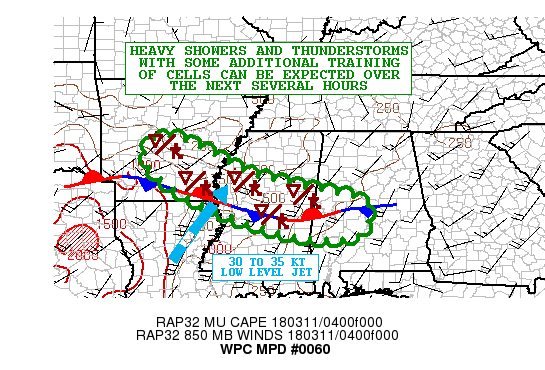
AREAS AFFECTED...CENTRAL/SOUTHEAST AR...CENTRAL MS...WEST-CENTRAL
AL

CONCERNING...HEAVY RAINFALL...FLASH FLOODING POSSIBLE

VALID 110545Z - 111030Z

SUMMARY...HEAVY SHOWERS AND THUNDERSTORMS WILL CONTINUE OVER THE
NEXT SEVERAL HOURS WITH ADDITIONAL CONCERNS FOR TRAINING CELLS
WHICH WILL FOSTER SOME FLASH FLOODING CONCERNS.

DISCUSSION...A SHORTWAVE CONTINUES TO DIG TOWARD THE MID MS VALLEY
WHICH IS FOSTERING A VERY DIFFLUENT FLOW REGIME ALOFT ACROSS THE
LOWER MS VALLEY REGION. LARGE SCALE FORCING AHEAD OF THIS ENERGY
IS INTERACTING WITH A POOLING OF MODEST INSTABILITY AND MOISTURE
FROM THE WESTERN GULF COAST REGION WHICH IS ALL OVERRUNNING A
STATIONARY FRONT ACROSS THE REGION. THIS IS RESULTING IN AN
EXPANSIVE WNW/ESE AXIS OF STRONG CONVECTION WITH LOCALLY HEAVY
RAINFALL RATES THAT HAVE BEEN EXCEEDING 1 INCH/HR.

OVER THE NEXT SEVERAL HOURS...ISENTROPIC ASCENT OVER THE BOUNDARY
WITH THE AID OF A 30 TO 35 KT SOUTHWEST LOW LEVEL JET SHOULD
CONTINUE TO SUSTAIN THE SOUTHERN FLANK OF THE CONVECTION JUST
NORTH OF THE BOUNDARY...AND WITH THE AID OF ELEVATED INSTABILITY
TRANSPORT. THE HIRES CAM GUIDANCE IS NOT HANDLING THE ONGOING
CONVECTION WELL AT ALL AND ARE GENERALLY TOO FAR NORTH WITH THE
AXIS CURRENTLY. THE CONVECTION SHOULD TEND TO LOSE LATITUDE
OVERNIGHT AS THE LOW LEVEL WINDS BEGIN TO VEER.

PWATS ARE RATHER MODEST AT 1.1 TO 1.2 INCHES...BUT WITH LOCALLY
VERY COLD CONVECTIVE TOPS OWING TO STRONG UPDRAFTS AND THE LARGER
SCALE FORCING ENVIRONMENT...EXPECT RAINFALL RATES TO REMAIN
LOCALLY OVER 1 INCH/HR. THIS COUPLED WITH SOME PERIODIC TRAINING
OF CONVECTIVE CELLS GIVEN THE MEAN LAYER FLOW WILL SUPPORT SOME
ADDITIONAL HEAVY TOTALS THROUGH DAWN WITH AS MUCH AS AN ADDITIONAL
2 TO 3 INCHES POSSIBLE LOCALLY. THIS WILL FAVOR SOME ADDITIONAL
FLASH FLOODING CONCERNS.